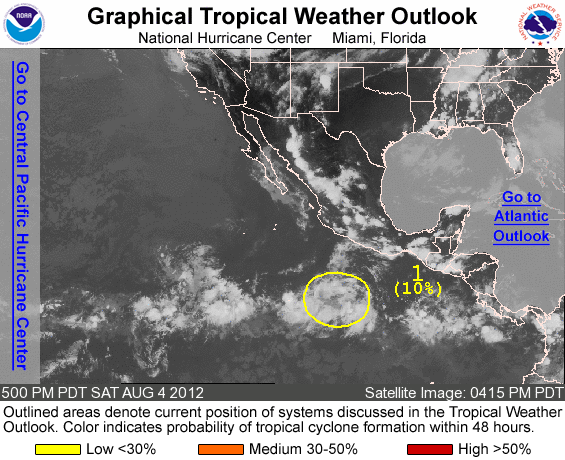
FOR THE EASTERN NORTH PACIFIC...EAST OF 140 DEGREES WEST LONGITUDE..

1. AN AREA OF DISTURBED WEATHER HAS FORMED ABOUT 500 MILES SOUTH- SOUTHWEST OF ACAPULCO MEXICO. ANY SUBSEQUENT DEVELOPMENT SHOULD BE SLOW TO OCCUR AS THE SYSTEM MOVES WESTWARD ABOUT 10 MPH...AND IT HAS A LOW CHANCE...10 PERCENT...OF BECOMING A TROPICAL CYCLONE DURING THE NEXT 48 HOURS.

ELSEWHERE...TROPICAL CYCLONE FORMATION IS NOT EXPECTED DURING THE NEXT 48 HOURS.

FORECASTER BEVEN